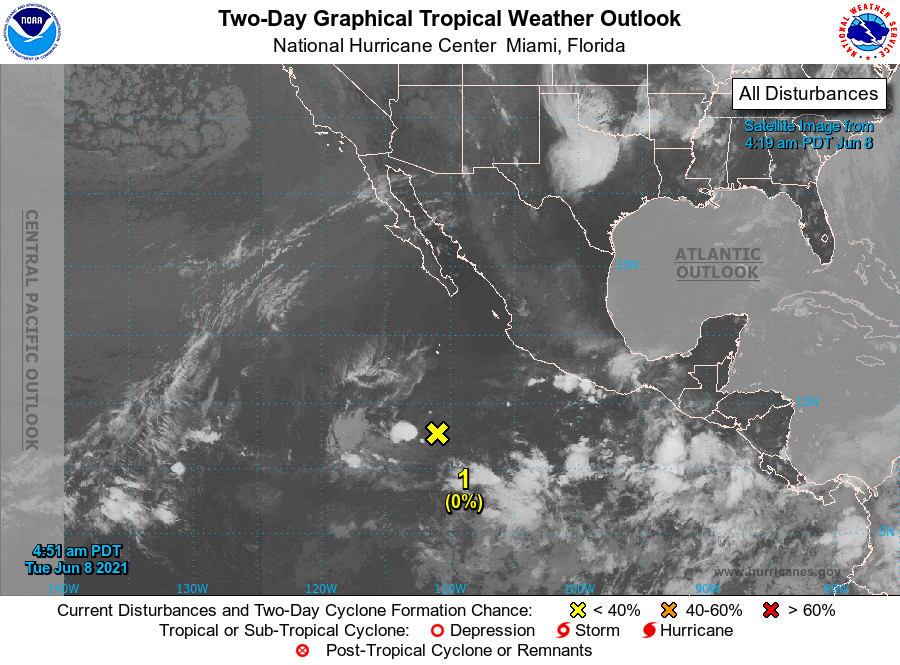
For the eastern North Pacific...east of 140 degrees west longitude:

1. A broad area of low pressure located about 700 miles south of the southern tip of the Baja California peninsula is producing limited shower and thunderstorm activity well west of its center. Significant development of this system is not expected due to strong upper-level winds and dry air in the surrounding environment. The disturbance is forecast to move slowly west-southwestward during the next couple of days.
* Formation chance through 48 hours...low...near 0 percent.
* Formation chance through 5 days...low...near 0 percent.

2. A broad trough of low pressure is expected to form a couple of hundred miles south of the coasts of southern Mexico, El Salvador, and Guatemala in a day or two. Environmental conditions appear favorable for some development thereafter, and a tropical depression could form by the end of the week as the system drifts northwestward or northward. Regardless of development, this system could produce heavy rainfall over portions of Central America and southern Mexico later this week and into the weekend. See products from your local meteorological service for more information.
* Formation chance through 48 hours...low...near 0 percent.
* Formation chance through 5 days...medium...40 percent.

Forecaster Reinhart/Pasch